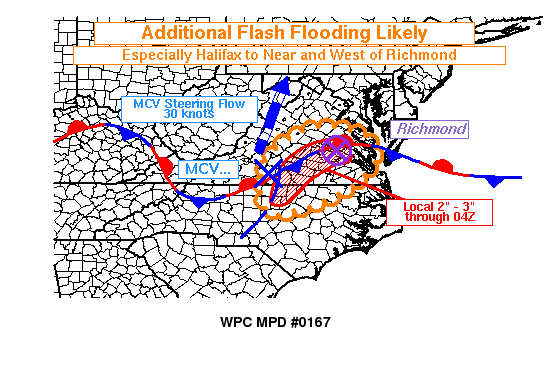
AREAS AFFECTED...CENTRAL VA...SE VA...NRN NC

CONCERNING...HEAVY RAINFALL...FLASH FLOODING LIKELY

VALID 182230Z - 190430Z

SUMMARY...WARM SECTOR CONVECTION WILL CONTINUE TO FORM AND MERGE /
SLOW AS IT ENCOUNTERS A FRONTAL ZONE AND CAPE GRADIENT. ISOLATED
1.5 INCH / HOUR RATES AND 2 TO 3 INCH TOTALS POSSIBLE THROUGH
04Z...ESPECIALLY HALIFAX VA TO NEAR RICHMOND.

DISCUSSION...THE SYNOPTIC ENVIRONMENT WILL REMAIN BROADLY
SUPPORTIVE OF LIFT. VERY SLIGHT 500 MB HEIGHT FALLS ARE
ANTICIPATED OVERNIGHT. LOWER LEVEL WINDS WILL RESPOND TO BOTH THE
HEIGHT FALLS AND NIGHTFALL / DECOUPLING...BY ACCELERATING
SLIGHTLY. EXPECT THAT CONVERGENCE WILL BE MAINTAINED OR STRENGTHEN
SOMEWHAT WITHIN THE WARM SECTOR AND ALONG THE STATIONARY FRONTAL
BOUNDARY ACROSS VA/NC. GIVEN RICH LOW LEVEL MOISTURE AND SPC
MESOANALYSIS STILL INDICATING 500 J/KG TO NEAR 1000 J/KG MIXED
LAYER CAPE SOUTH OF THE FRONT...ONGOING CONVECTION IS LIKELY TO BE
MAINTAINED SEVERAL MORE HOURS. SOME WEAKENING MAY OCCUR OVER TIME
AS THE RAP DOES PREDICT DECREASING CAPE VALUES AFTER DARK...BUT
UNTIL THIS HAPPENS FLOODING AND FLASH FLOODING MAY CONTINUE TO
WORSEN THROUGH 02Z OR 03Z.

AT 22Z UPDRAFTS WERE CONGEALING AHEAD OF A WEAKLY DEFINED MCV AND
TRAILING SHORTWAVE TROUGH EXTENDING FROM HALIFAX VA INTO NORTHERN
NORTH CAROLINA. STEERING FLOW WILL TAKE THIS MCV AND ASSOCIATED
MID LEVEL FORCING NORTH TO NORTHEASTWARD ALONG THE FRONT. THE
FLASH FLOOD RISK SHOULD REMAIN ENHANCED THIS EVENING FROM HALIFAX
TO NEAR RICHMOND...FOLLOWING THE FRONTAL BOUNDARY...WHILE SHORTER
LIVED HEAVY DOWNPOURS ARE POSSIBLE FARTHER SOUTH INTO THE WARM
SECTOR AS CELLS FORM AND LIFT TO MERGE INTO THE FRONTAL ZONE. THE
12Z NAM CONUS NEST AND NSSL WRF DEPICT THIS QUITE WELL.

MUCH OF THIS REGION HAD RECEIVED 2 TO 6 INCHES OF RAIN OVER THE
PAST TWO DAYS. THE HYDROLOGIC RESPONSE MAY ESCALATE...INCLUDING ON
LONG AND SHORT TIME SCALES / FLASH FLOODING. RECENT REPORTS OF
BOTH DEBRIS FLOWS AND SINK HOLES WERE NOTED OUT OF SOUTHERN
VIRGINIA. DANGEROUS FLASH FLOODING IS LIKELY...ESPECIALLY EARLY
THIS EVENING.